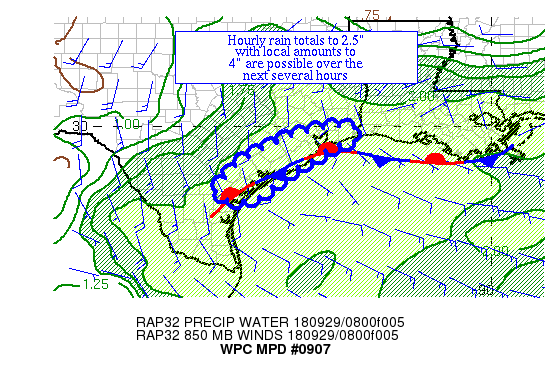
Areas affected...Middle and Upper TX coast

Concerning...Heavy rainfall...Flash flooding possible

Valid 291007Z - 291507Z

Summary...Thunderstorms are slowly increasing in coverage inland
of the Middle and Upper TX coasts.  Hourly rain totals to 2.5"
with local amounts to 4" are possible here.

Discussion...Showers and thunderstorms have been slowly expanding
in coverage with cooling cloud tops during the past hour northwest
of a boundary extending from south of Victoria TX to just offshore
the Upper TX and southwest LA coasts.  This is occurring east of a
slowly moving shortwave across western TX.  ML CAPE values have
been increasing overnight, with the storms developing within an
instability gradient within the coastal plain.  ML CAPE values of
1500-2500 J/kg exist here.  Precipitable water values of ~2.2" lie
across the region per GPS data.  Inflow at 850 hPa is southeast at
10 kts while it is south to southwest at 10-15 kts per VAD wind
profiles.

The mesoscale guidance appears too far east and too organized with
this activity as the effective bulk shear has trended away to the
east offshore LA during the past several hours.  While recent cell
motion has been west-northwest, believe that the strengthening
thunderstorms will begin to move parallel to the coast along with
the 850-400 hPa mean flow.  There may be cell collisions from time
to time between the less and more developed storms, but the main
concern is for short periods of southwest to northeast training
over urban areas and partially saturated ground which was received
100-400% of the average rainfall over the past couple weeks.
Hourly rain totals to 2.5" with local amounts to 4" are possible
here over the next several hours.